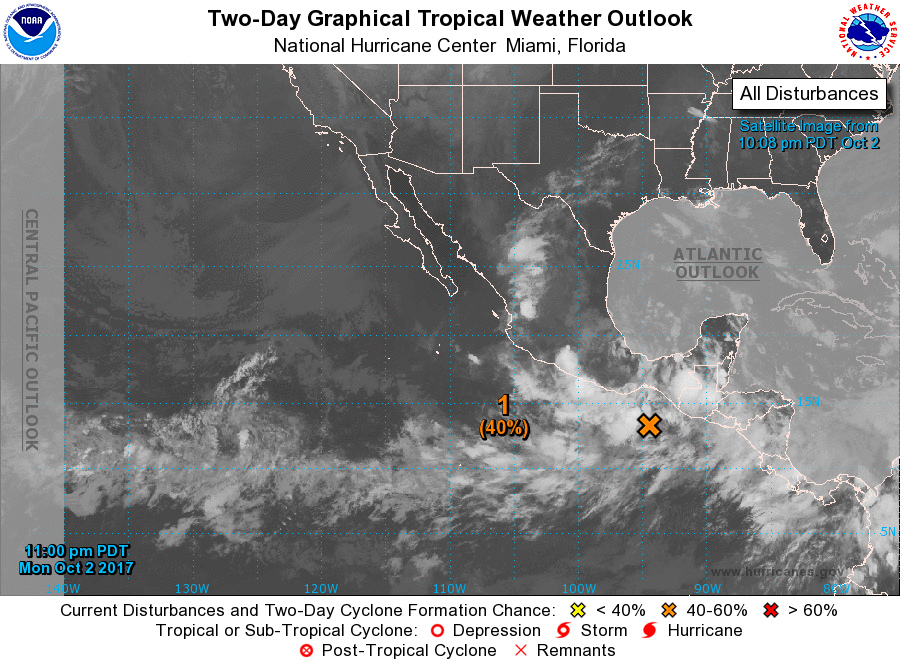
For the eastern North Pacific...east of 140 degrees west longitude:

1. Showers and thunderstorms associated with an area of low pressure located near the Gu lf of Tehuantepec have changed little during the past several hours. However, environmental conditions are expected to become conducive for some additional development of this disturbance over the next couple of days while the system moves slowly west-northwestward or westward.
* Formation chance through 48 hours...medium...40 percent.
* Formation chance through 5 days...medium...60 percent.

Forecaster Stewart